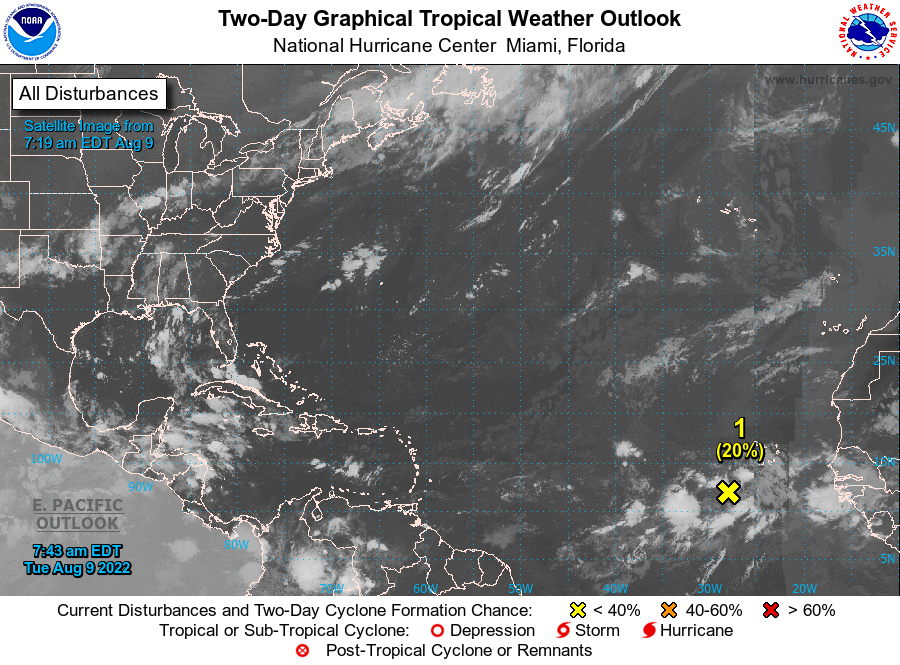
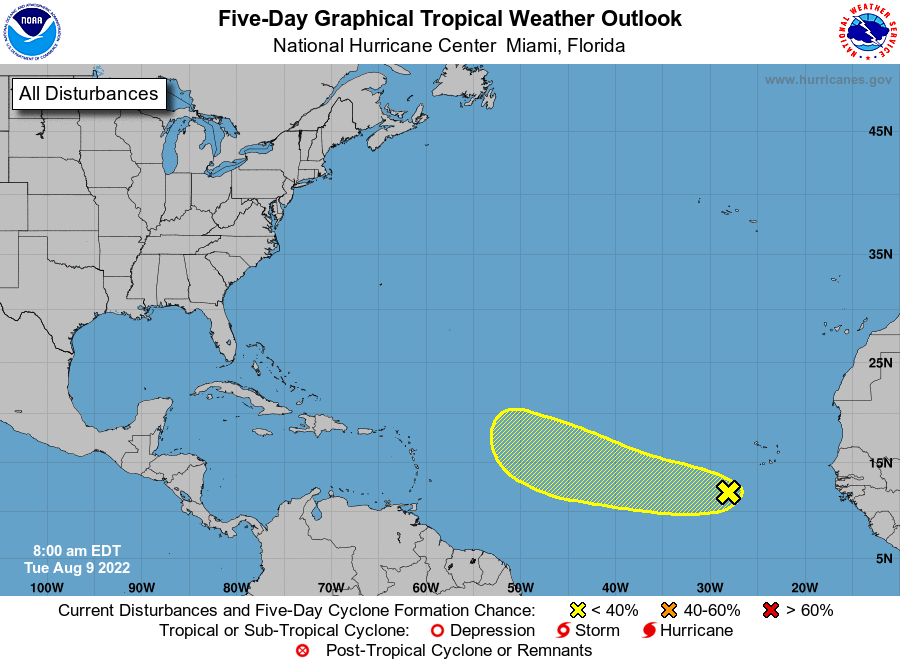
For the North Atlantic...Caribbean Sea and the Gulf of Mexico:

1. Eastern Tropical Atlantic: Shower and thunderstorm activity has become more limited associated with a tropical wave located a few hundred miles southwest of the Cabo Verde Islands. While some gradual development of this system is possible over the next couple of days, environmental conditions are forecast to become less favorable by this weekend. This system is expected to move westward to west-northwestward at 15 to 20 mph across the tropical Atlantic during the next several days.
* Formation chance through 48 hours...low...20 percent.
* Formation chance through 5 days...low...30 percent.

Forecaster Papin